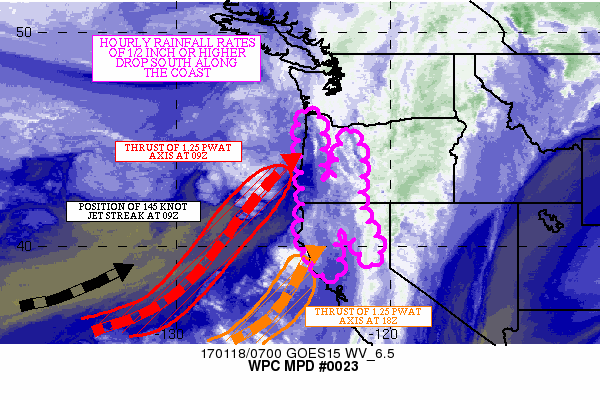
AREAS AFFECTED...OR COASTAL RANGE AND OR CASCADES/NORTHERN CA

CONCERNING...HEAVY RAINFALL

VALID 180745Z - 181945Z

SUMMARY...A STRONG ATMOSPHERIC RIVER... WITH ITS ORIGINS OVER THE
CENTRAL PACIFIC...WILL DROP SOUTH FROM THE PACIFIC NORTHWEST COAST
TO NORTHERN CA DURING THE MORNING HOURS. A 65 TO 75 KNOT LOW LEVEL
JET WILL FOCUS THE DEEP MOISTURE PLUME ON THE FAVORED LOCATIONS IN
THE HIGHER TERRAIN...PRODUCING RAINFALL RATES OF 1/2 INCH OR
GREATER.

DISCUSSION...THE LATEST WATER VAPOR IMAGE SHOWED THE NOSE OF A 145
KNOT JET STREAK AT 250 MB NEAR 39N 132W EARLY THIS MORNING. A
0507Z AMSU PASS SHOWED PRECIPITABLE WATER VALUES CLOSE TO 1.5
INCHES IN ABOUT THE SAME LOCATION... AS SHORT WAVES EMBEDDED IN
THE VERY FAST FLOW TRANSPORT THE DEEP MOISTURE PLUME TO THE
PACIFIC NORTHWEST COAST. RAINFALL RATES...BASED ON THE KLGX AND
KRTX RADARS IN WA/OR RESPECTIVELY)...WERE GENERALLY BETWEEN 0.25
AND 0.50 INCHES...WITH THE GREATEST RATES DROPPING SOUTH INTO OR.

AS THE JET STREAK APPROACHES THE WEST COAST LATER THIS
MORNING...THE 65 TO 75 KNOT LOW LEVEL JET DROPS SOUTH FROM OR INTO
NORTHERN CA. THE LOW LEVEL JET TRANSPORTS A PLUME OF 1.25 INCH
PRECIPITABLE WATER AIR...FIRST TO THE OR COAST BETWEEN 09Z AND
13Z...THEN TO THE NORTHERN CA COAST BETWEEN 14Z AND 19Z. THE
STRONG LOW LEVEL JET WILL FOCUS THE RICH MOISTURE PLUME ON THE
SOUTHWEST FACING TERRAIN OF THE OR COAST RANGE AND THE OR CASCADES
DURING THE EARLY MORNING...THEN ACROSS THE RANGES IN NORTHERN CA
LATE THIS MORNING.

THERE IS A MULTI-MODEL SIGNAL FOR HOURLY RAINFALL RATES BETWEEN
0.50 AND LOCALLY 0.75 INCHES TO AFFECT THESE AREAS FROM NORTH TO
SOUTH...WITH THE GREATEST HOURLY RATES EXPECTED TO AFFECT THE
SOUTHERN OR COASTAL RANGE...THE SISKIYOU RANGE...AND THE SHASTA
AND TRINITY MOUNTAINS...MAINLY BETWEEN 15Z AND 19Z.

GIVEN THE WET ANTECEDENT CONDITIONS ACROSS SOUTHWEST OR AND
NORTHERN CA DUE TO HEAVY RAINFALL IN THE PAST TWO WEEKS...THE
ADDITIONAL HEAVY RAIN COULD RESULT IN RUNOFF ISSUES.